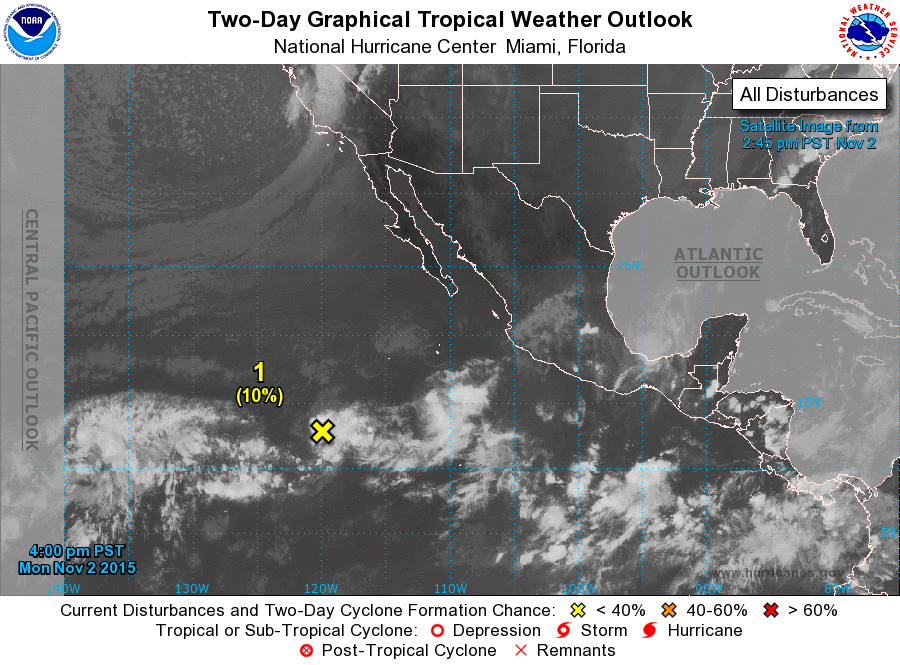
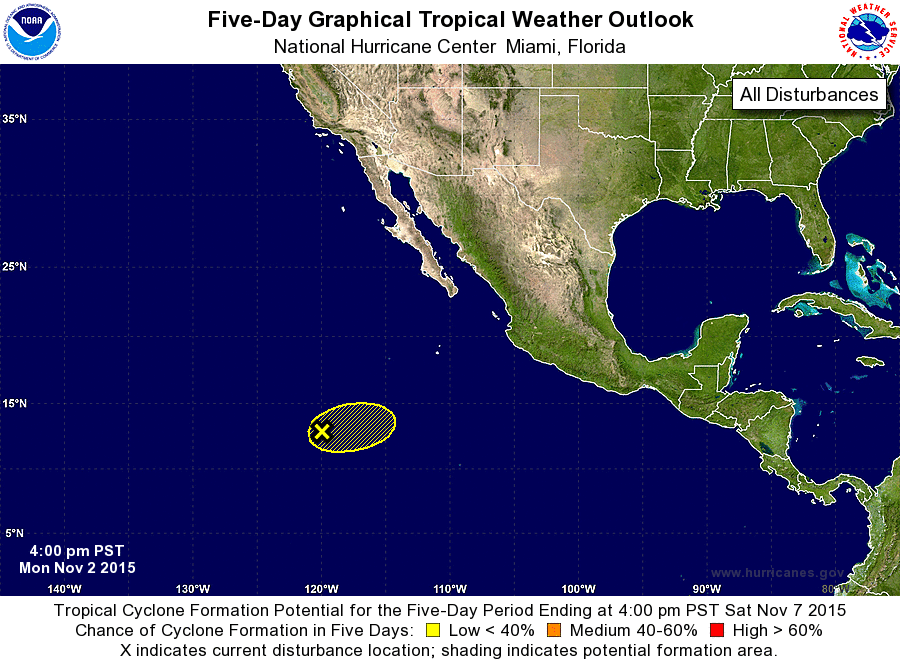
For the eastern North Pacific...east of 140 degrees west longitude:

1. A weak area of low pressure located about 1000 miles southwest of the southern tip of the Baja California peninsula is producing disorganized showers and thunderstorms. Strong upper-level winds should limit development of this system while it moves east-northeastward during the next couple of days.
* Formation chance through 48 hours...low...10 percent
* Formation chance through 5 days...low...10 percent

Forecaster Cangialosi